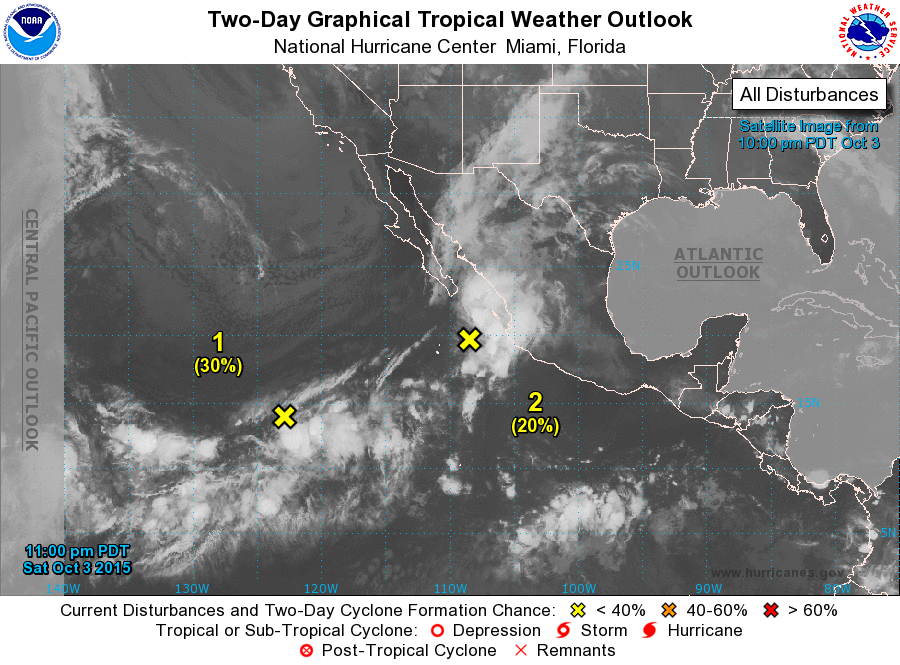
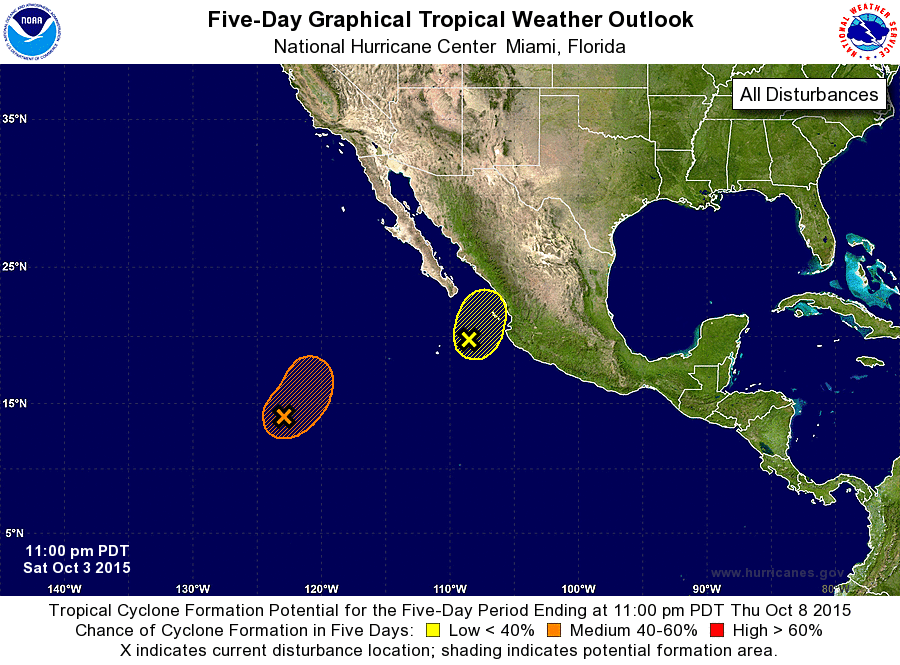
For the eastern North Pacific...east of 140 degrees west longitude:

1. A broad and elongated area of low pressure located about 1050 miles southwest of the southern tip of the Baja California peninsula is producing disorganized showers and thunderstorms. While some gradual development is possible, environmental conditions are expected to become less favorable during the next few days while this system moves northeastward at about 5 mph.
* Formation chance through 48 hours...low...30 percent
* Formation chance through 5 days...medium...40 percent

2. The remnants of Marty, located about 175 miles west-southwest of Cabo Corrientes, Mexico, are producing a large area of disorganized showers and thunderstorms. Strong upper-level winds are expected to prevent significant development of this system while it moves north-northeastward at 15 mph toward the coast of southwestern Mexico during the next day or so. Regardless of development, heavy rainfall is possible over portions of southwestern Mexico during the next couple of days.
* Formation chance through 48 hours...low...20 percent
* Formation chance through 5 days...low...20 percent

Forecaster Brown